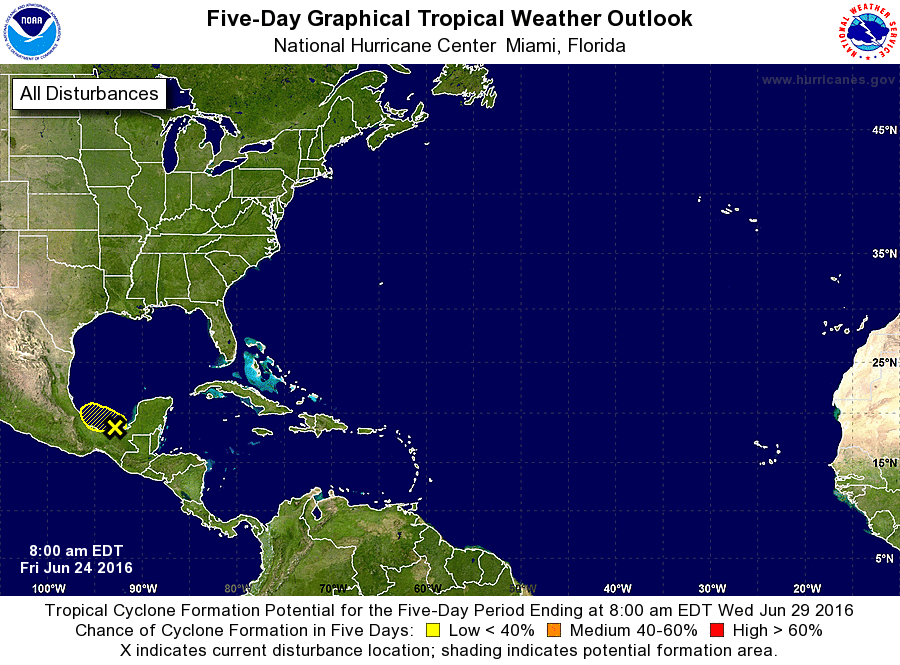
For the North Atlantic...Caribbean Sea and the Gulf of Mexico:

1. Disorganized showers and thunderstorms continue over the Bay of Campeche in association with a broad area of low pressure. This system has become less organized since yesterday and the aircraft reconnaissance mission scheduled for this afternoon has been cancelled. Significant development of the low is not expected before it moves inland over eastern Mexico on Saturday.
* Formation chance through 48 hours...low...10 percent
* Formation chance through 5 days...low...10 percent

Forecaster Blake